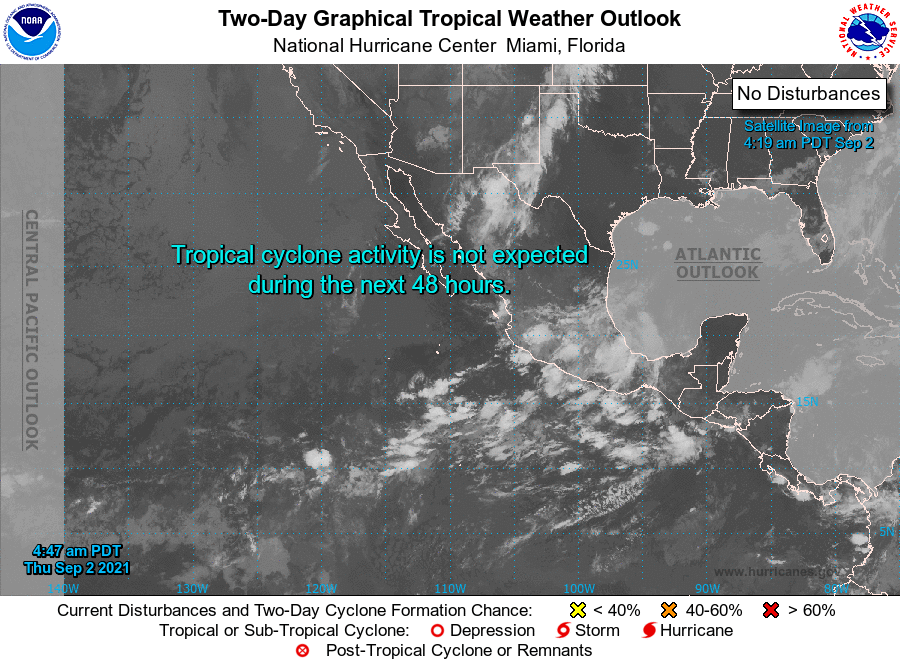
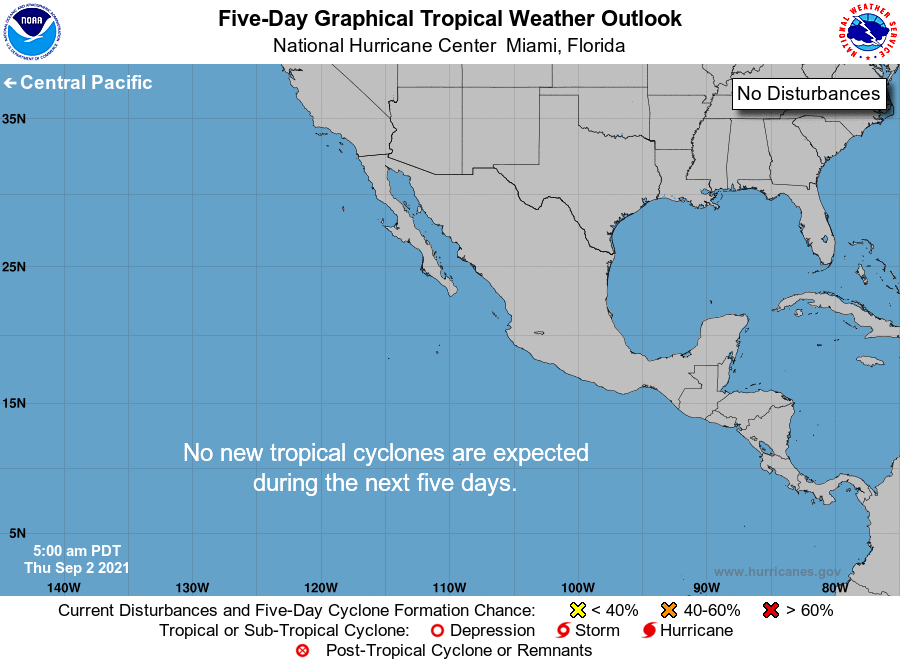
For the eastern North Pacific...east of 140 degrees west longitude:

Tropical cyclone formation is not expected during the next 5 days.

Forecaster Beven